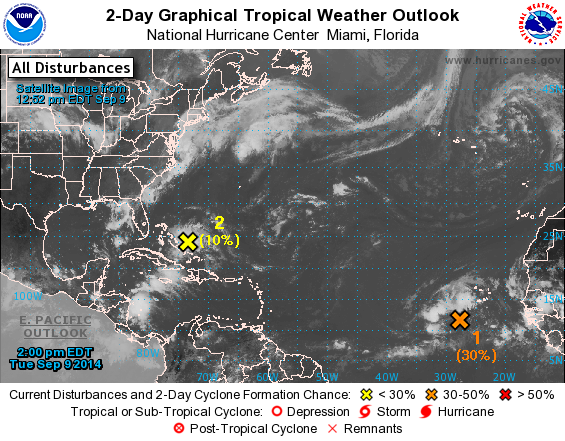
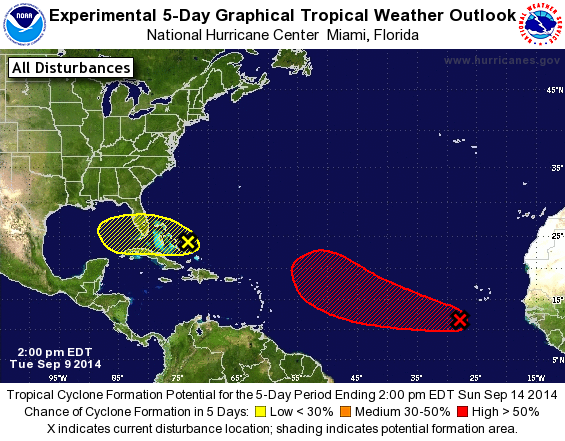
For the North Atlantic...Caribbean Sea and the Gulf of Mexico:

1. Shower activity associated with a broad area of low pressure located a few hundred miles southwest of the Cape Verde Islands has changed little in organization during the past several hours. Environmental conditions are forecast to be conducive for gradual development of this disturbance during the next several days while it moves west-northwestward at about 15 mph.
* Formation chance through 48 hours...medium...30 percent.
* Formation chance through 5 days...high...70 percent.

2. An area of showers and thunderstorms just east of the central and southeastern Bahamas is associated with a weak surface trough of low pressure. Slow development of this system is possible during the next few days as it moves west-northwestward or westward at about 10 mph.
* Formation chance through 48 hours...low...10 percent.
* Formation chance through 5 days...low...20 percent.

Forecaster Beven